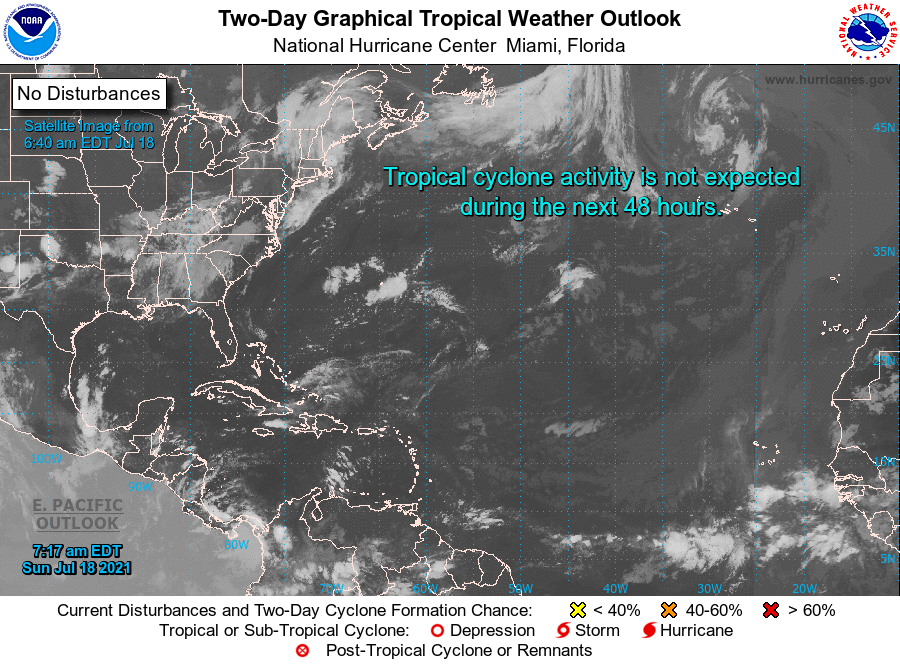
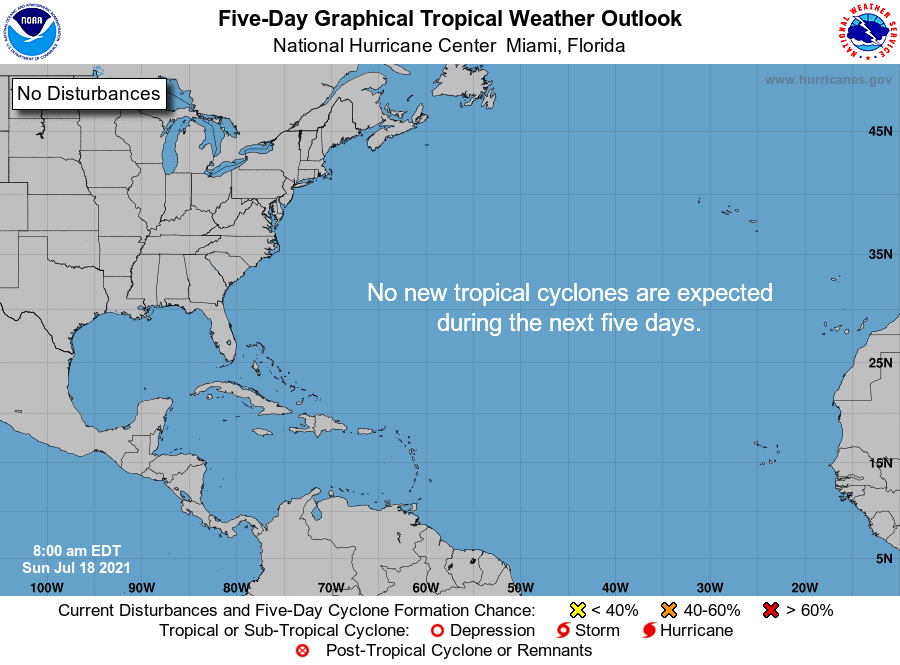
For the North Atlantic...Caribbean Sea and the Gulf of Mexico:

Tropical cyclone formation is not expected during the next 5 days.

Forecaster Zelinsky